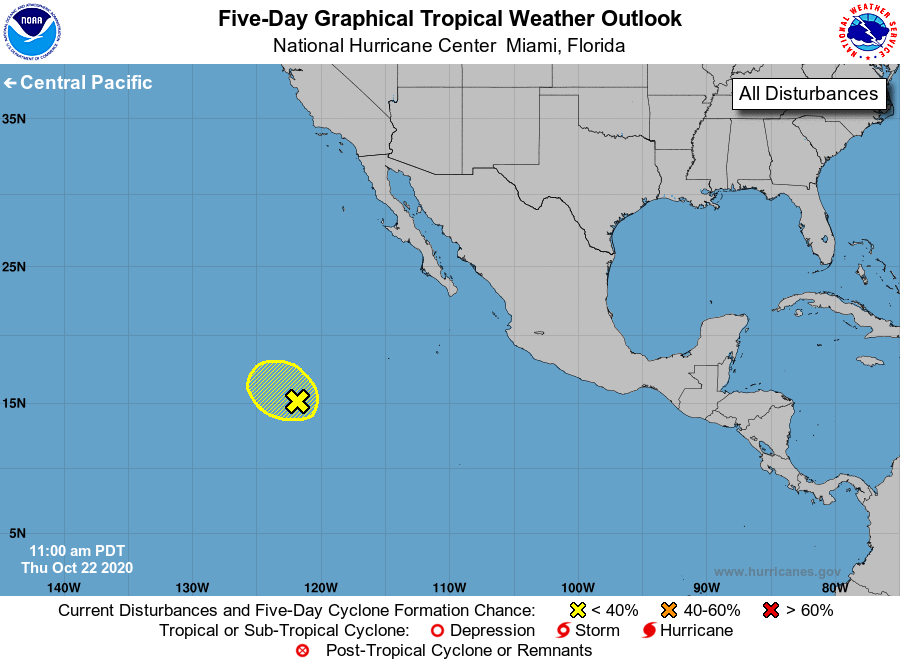
For the eastern North Pacific...east of 140 degrees west longitude:

1. Showers and thunderstorms associated with a weak area of low pressure located nearly 1000 miles southwest of the southern tip of the Baja California peninsula remain disorganized. This system is moving westward and upper-level winds are expected to become unfavorable for further development on Friday.
* Formation chance through 48 hours...low...10 percent.
* Formation chance through 5 days...low...10 percent.

Forecaster Brown